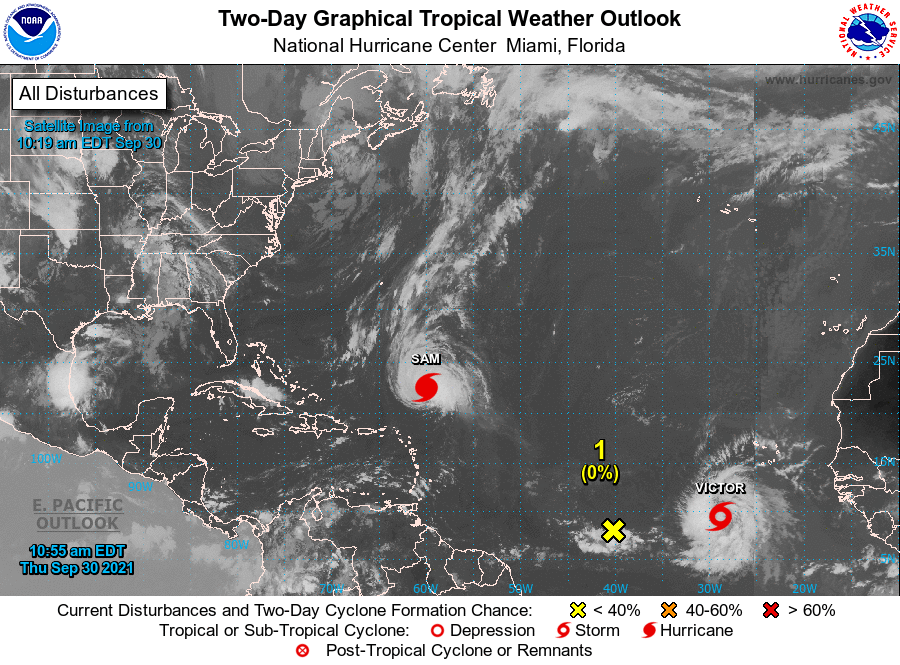
For the North Atlantic...Caribbean Sea and the Gulf of Mexico:

The National Hurricane Center is issuing advisories on Hurricane Sam, located a few hundred miles northeast of the northern Leeward Islands, and on Tropical Storm Victor, located over the eastern tropical Atlantic.

1. Shower activity associated with a trough of low pressure located over the tropical Atlantic about midway between the Cabo Verde Islands and the Lesser Antilles remains limited. This system is expected to move slowly west-northwestward, and development is not anticipated.
* Formation chance through 48 hours...low...near 0 percent.
* Formation chance through 5 days...low...near 0 percent.

Public Advisories on Tropical Storm Victor are issued under WMO header WTNT35 KNHC and under AWIPS header MIATCPAT5. Forecast/Advisories on Tropical Storm Victor are issued under WMO header WTNT25 KNHC and under AWIPS header MIATCMAT5.

Forecaster Cangialosi